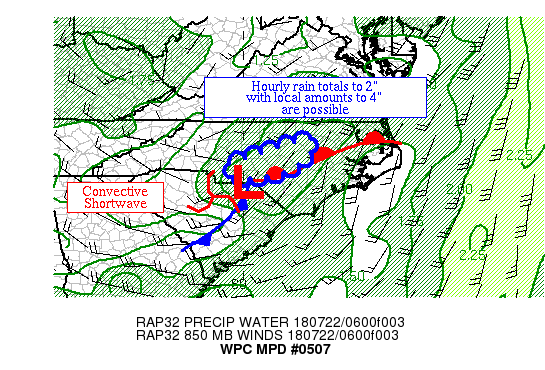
AREAS AFFECTED...CENTRAL NC

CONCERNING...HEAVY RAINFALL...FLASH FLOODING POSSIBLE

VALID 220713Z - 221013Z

SUMMARY...THUNDERSTORMS ARE BEGINNING TO TRAIN AHEAD OF A
MESOSCALE WAVE.  HOURLY RAIN TOTALS TO 2" WITH LOCAL AMOUNTS TO 4"
ARE POSSIBLE.

DISCUSSION...A CONVECTIVE SHORTWAVE IN SC AND AN ASSOCIATED
OUTFLOW BOUNDARY HAVE LED TO THE DEVELOPMENT OF A MESOSCALE WAVE
WEST OF LAURINBURG NC AND A CONVECTIVE BAND WITHIN ITS WARM AIR
ADVECTION PATTERN.  PRECIPITABLE WATER VALUES OF 1.5-1.9" EXIST IN
THIS AREA PER GPS DATA.  INFLOW AT 850 HPA IS CONVERGENT OUT OF
THE WEST-SOUTHWEST AT 20-25 KTS PER VAD WIND PROFILES, IMPORTING
MU CAPE VALUES OF 1000+ J/KG INTO THE REGION.  EFFECTIVE BULK
SHEAR OF 30 KTS IS HELPING TO ORGANIZE THE CONVECTION INTO A BAND.

HOURLY RAIN TOTALS ARE STARTING TO APPROACH 2" IN THE BAND PER
RADAR IMAGERY.  THE CONCERN IS THAT THIS BAND WILL MOVE OVER
PORTIONS OF THE NC RESEARCH TRIANGLE OVER THE NEXT FEW HOURS WITH
ITS CURRENT INTENSITY BEFORE INSTABILITY FADES.  IT MAY ALSO CROSS
PATHS WITH A PREVIOUS HEAVY RAINFALL FOOTPRINT JUST SOUTH OF ITS
CURRENT TRAJECTORY.  THE MESOSCALE GUIDANCE HAS A TINY SIGNAL FOR
3-4" OF RAIN IN CENTRAL NC; THE LENGTH OF THIS BAND SUGGESTS THAT
THE GUIDANCE MAY BE UNDERPERFORMING.  OVER THE NEXT FEW HOURS,
HEAVY RAINFALL FROM THE BAND COULD THREATEN FLASH FLOOD GUIDANCE
VALUES.